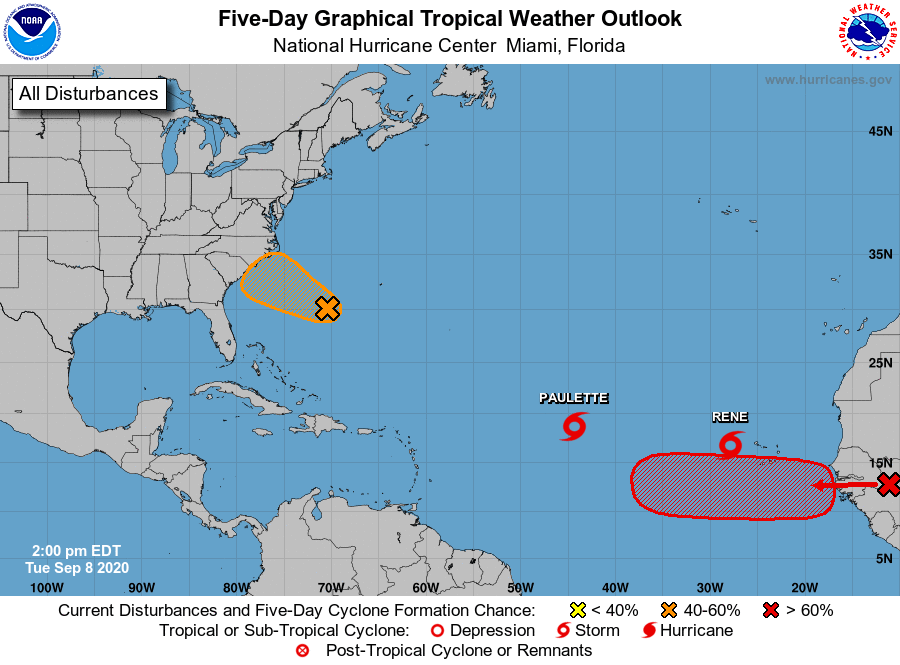
For the North Atlantic...Caribbean Sea and the Gulf of Mexico:

The National Hurricane Center is issuing advisories on Tropical Storm Paulette, located over the central tropical Atlantic, and on Tropical Storm Rene, located just west of the Cabo Verde Islands.

1. An area of low pressure is located about 350 miles west-southwest of Bermuda. Shower and thunderstorm activity associated with the low has decreased since this morning, but could increase again tonight. Gradual development of the low is possible during the next two or three days and it could become a tropical depression while it continues to move slowly westward to west-northwestward. Interests along the southeast coast of the U.S. should monitor the progress of this disturbance.
* Formation chance through 48 hours...low...30 percent.
* Formation chance through 5 days...medium...40 percent.

2. A tropical wave is forecast to emerge off the west coast of Africa on Thursday. Gradual development is expected once the system moves over water, and a tropical depression is likely to form late this week or over the weekend while the system moves generally westward across the eastern tropical Atlantic.
* Formation chance through 48 hours...low...10 percent.
* Formation chance through 5 days...high...70 percent.

Forecaster Zelinsky